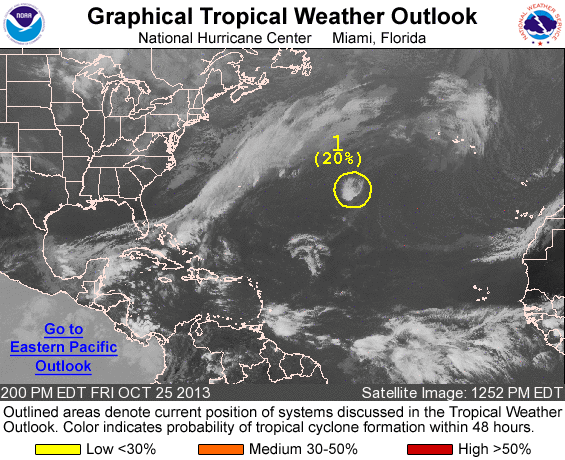
FOR THE NORTH ATLANTIC...CARIBBEAN SEA AND THE GULF OF MEXICO...

1. SHOWERS AND THUNDERSTORMS HAVE DIMINISHED SOMEWHAT IN ASSOCIATION WITH THE REMNANTS OF LORENZO...WHICH ARE LOCATED ABOUT 1050 MILES WEST-SOUTHWEST OF THE AZORES. ENVIRONMENTAL CONDITIONS ARE NOT EXPECTED TO BE CONDUCIVE FOR TROPICAL CYCLONE FORMATION AS THE SYSTEM MOVES NORTHEASTWARD AT ABOUT 10 MPH BEFORE BEING ABSORBED BY A COLD FRONT IN THE NEXT DAY OR SO. THIS SYSTEM HAS A LOW CHANCE...20 PERCENT...OF BECOMING A TROPICAL CYCLONE DURING THE NEXT 48 HOURS...AND A LOW CHANCE...20 PERCENT...OF BECOMING A TROPICAL CYCLONE DURING THE NEXT 5 DAYS.

FIVE-DAY FORMATION PROBABILITIES ARE EXPERIMENTAL IN 2013. COMMENTS ON THE EXPERIMENTAL FORECASTS CAN BE PROVIDED AT...

HTTP://WWW.NWS.NOAA.GOV/SURVEY/NWS-SURVEY.PHP?CODE=ETWO

FORECASTER LANDSEA